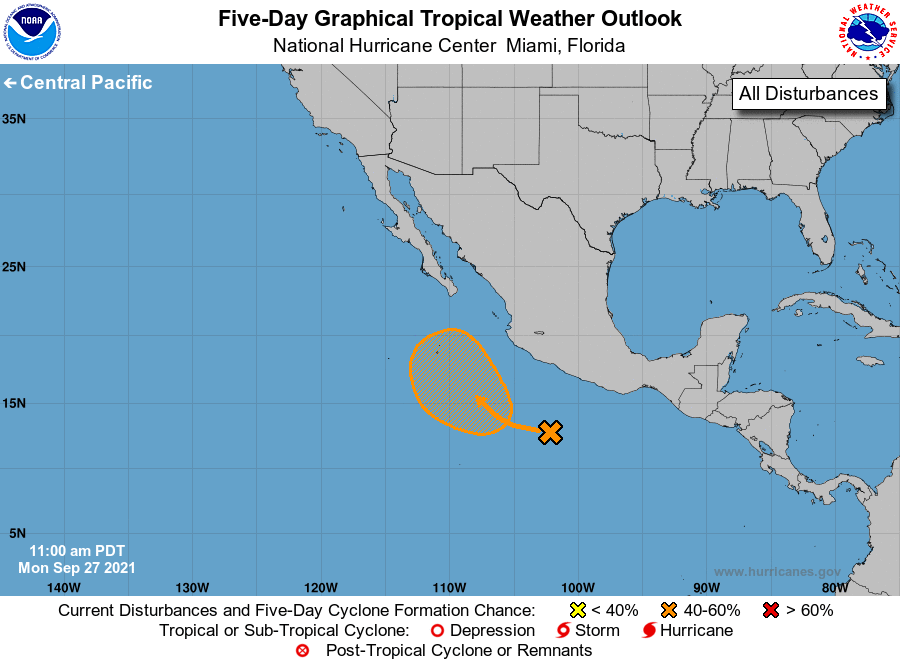
For the eastern North Pacific...east of 140 degrees west longitude:

1. A tropical wave is producing an area of disorganized showers and thunderstorms a few hundred miles south-southwest of Acapulco, Mexico. Environmental conditions are expected to be conducive for some gradual development of this system during the next several days, and a tropical depression could form during the latter part of the week while it moves slowly northwestward or northward well offshore of the coast of mainland Mexico.
* Formation chance through 48 hours...low...near 0 percent.
* Formation chance through 5 days...medium...40 percent.

Forecaster Latto